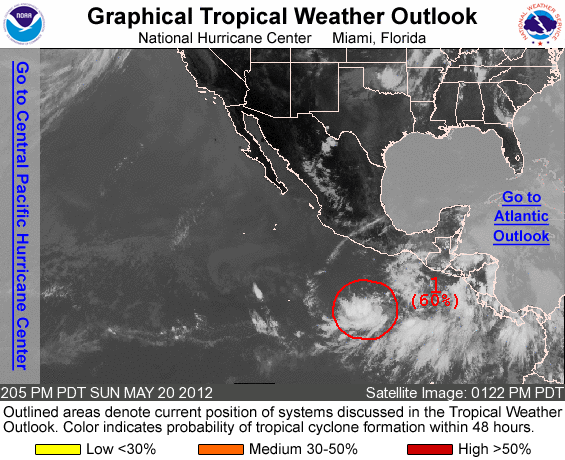
FOR THE EASTERN NORTH PACIFIC...EAST OF 140 DEGREES WEST LONGITUDE..

1. UPDATED...SATELLITE IMAGERY INDICATES THAT SHOWER AND THUNDERSTORM ACTIVITY ASSOCIATED WITH THE AREA OF LOW PRESSURE LOCATED ABOUT 500 MILES SOUTH OF ACAPULCO MEXICO HAS BECOME BETTER ORGANIZED OVER THE PAST COUPLE OF HOURS. CONDITIONS APPEAR FAVORABLE FOR ADDITIONAL DEVELOPMENT...AND A TROPICAL DEPRESSION COULD FORM TONIGHT OR TOMORROW AS THE LOW MOVES SLOWLY WEST-NORTHWESTWARD. THIS SYSTEM HAS A HIGH CHANCE...60 PERCENT...OF BECOMING A TROPICAL CYCLONE DURING THE NEXT 48 HOURS.

ELSEWHERE...TROPICAL CYCLONE FORMATION IS NOT EXPECTED DURING THE NEXT 48 HOURS.

FORECASTER BRENNAN/BLAKE